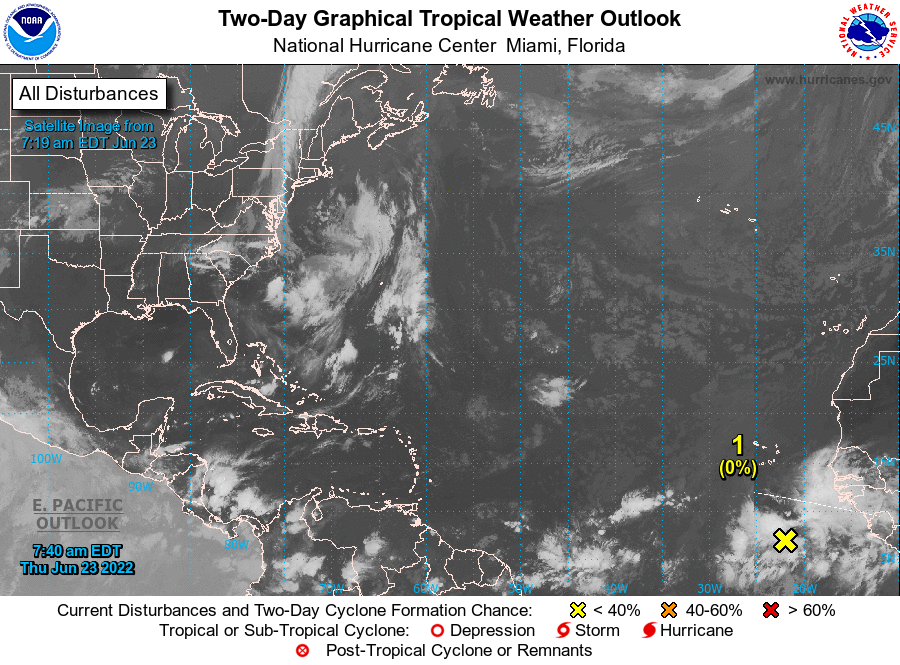
For the North Atlantic...Caribbean Sea and the Gulf of Mexico:

1. Tropical Atlantic: A tropical wave located over the eastern tropical Atlantic is producing disorganized showers and thunderstorms. Environmental conditions could become conducive for gradual development of this system by early next week as the disturbance moves westward at around 15 mph over the tropical Atlantic.
* Formation chance through 48 hours...low...near 0 percent.
* Formation chance through 5 days...low...20 percent.

Forecaster Hagen/Berg